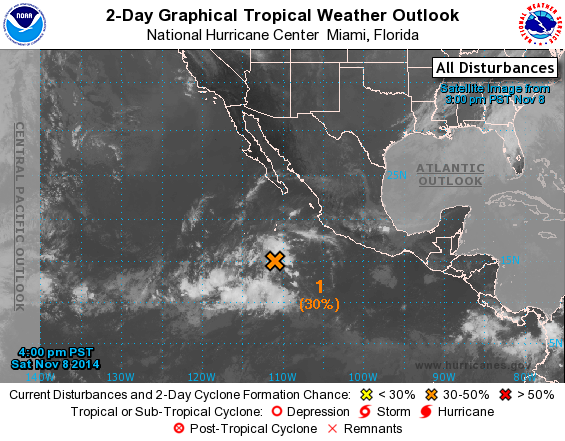
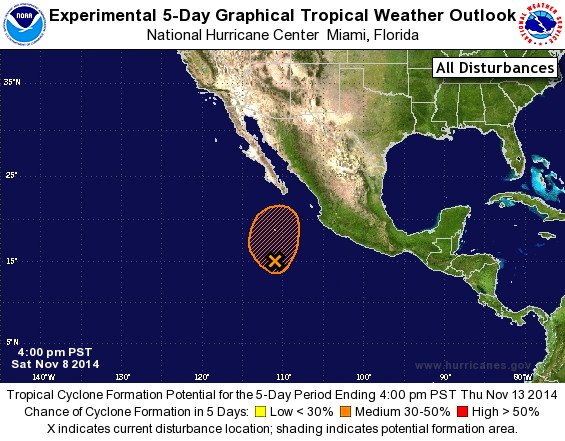
For the eastern North Pacific...east of 140 degrees west longitude:

1. Shower and thunderstorm activity associated with a low pressure system located several hundred miles south of the southern tip of the Baja California peninsula is disorganized. There is still some potential for development of this system through the weekend. However, upper-level winds are expected to become unfavorable for development by Monday while the system moves slowly northward.
* Formation chance through 48 hours...medium...30 percent.
* Formation chance through 5 days...medium...30 percent.

Forecaster Pasch